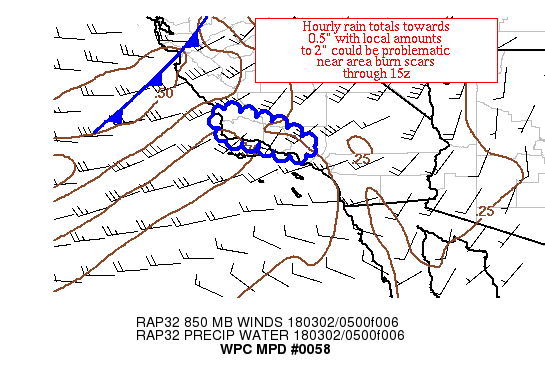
AREAS AFFECTED...BURN SCARS OF SOUTHERN CA

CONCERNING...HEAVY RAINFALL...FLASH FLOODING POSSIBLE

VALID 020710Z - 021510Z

SUMMARY...UPSLOPE FLOW NEAR AND AHEAD OF A  FRONTAL ZONE IS
EXPECTED TO LEAD TO HOURLY RAIN TOTALS TOWARDS 0.50" OVER THE NEXT
SEVERAL HOURS, WITH LOCAL AMOUNTS TO 2" POSSIBLE.

DISCUSSION...MODERATE TO HEAVY RAIN HAS BEEN SHIFTING DOWN THE CA
COAST NEAR A FRONTAL ZONE ACROSS PORTIONS OF CENTRAL CA.  RECENT
MESONET OBSERVATIONS SHOW HOURLY TOTALS OF 0.3-0.5" EAST OF
LIGGETT.  PRECIPITABLE WATER VALUES OF 0.6-0.7" LIE IN THIS AREA
PER RECENT GPS DATA.  VAD WIND PROFILES FROM SOUTHWEST CA SHOW 40
KTS OF SOUTHWEST INFLOW OFF THE PACIFIC.  SPC MESOANALYSES
ADVERTISE MU CAPE VALUES OF 100+ J/KG OFFSHORE SOUTHERN CA AHEAD
OF THE RAIN AREA NEAR THE CHANNEL ISLANDS.

PRECIPITABLE WATER VALUES ARE FORECAST TO RISE TO 0.75"+ OVER THE
NEXT SEVERAL HOURS AS THE FRONT PROGRESSES INTO THE AREA.  GFS
FORECASTS SUGGEST MINIMAL FRONTOGENESIS WITH THE BOUNDARY,
IMPLYING THAT ONSHORE FLOW/INSTABILITY WILL BE THE MAIN DRIVERS
FOR RAIN RATES.  THOSE QUANTITIES SUGGEST HOURLY RAIN TOTALS
PEAKING IN THE 0.4-0.5", WHICH IS HINTED AT IN THE 00Z HREF
PROBABILITIES AS WELL, MAXIMIZING AROUND 11Z.  COMPLICATING THE
PICTURE ARE RECENT BURN SCARS IN SOUTHERN CA WHICH WOULD BE HIGHLY
SUSCEPTIBLE TO ANY HEAVY RAINFALL.  THE MESOSCALE GUIDANCE
ADVERTISES LOCAL AMOUNTS OF 1.5-2" OVER THE SENSITIVE REGION,
WHICH WOULD BE PROBLEMATIC.  USED THE FLASH FLOOD POSSIBLE RATHER
THAN THE ATMOSPHERIC RIVER CATEGORY DUE TO THE BURN SCAR
SENSITIVITY.